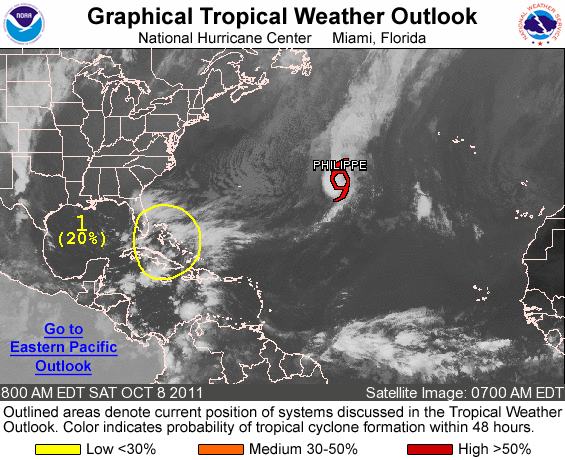
FOR THE NORTH ATLANTIC...CARIBBEAN SEA AND THE GULF OF MEXICO...

THE NATIONAL HURRICANE CENTER IS ISSUING ADVISORIES ON TROPICAL STORM PHILIPPE...LOCATED ABOUT 865 MILES EAST OF BERMUDA...OR ABOUT 1350 MILES WEST-SOUTHWEST OF THE AZORES ISLANDS.

1. A BROAD SURFACE TROUGH INTERACTING WITH AN UPPER-LEVEL LOW IS PRODUCING WIDESPREAD CLOUDINESS AND SCATTERED THUNDERSTORMS OVER THE NORTHWESTERN CARIBBEAN SEA AND EXTENDING NORTHWARD OVER MUCH OF CUBA...MOST OF THE FLORIDA PENINSULA...AND ALL OF THE BAHAMAS. GRADUAL DEVELOPMENT OF THIS LARGE AREA OF DISTURBED WEATHER IS POSSIBLE OVER THE NEXT FEW DAYS AS IT MOVES SLOWLY NORTHWARD OR NORTHWESTWARD. THIS SYSTEM HAS A LOW CHANCE...20 PERCENT...OF BECOMING A TROPICAL OR SUBTROPICAL CYCLONE DURING THE NEXT 48 HOURS. REGARDLESS OF DEVELOPMENT...THIS DISTURBANCE WILL PRODUCE STRONG GUSTY WINDS AND LOCALLY HEAVY RAINFALL ACROSS PORTIONS OF THE BAHAMAS AND THE FLORIDA PENINSULA OVER THE NEXT COUPLE OF DAYS.

ELSEWHERE...TROPICAL CYCLONE FORMATION IS NOT EXPECTED DURING THE NEXT 48 HOURS.

FORECASTER STEWART